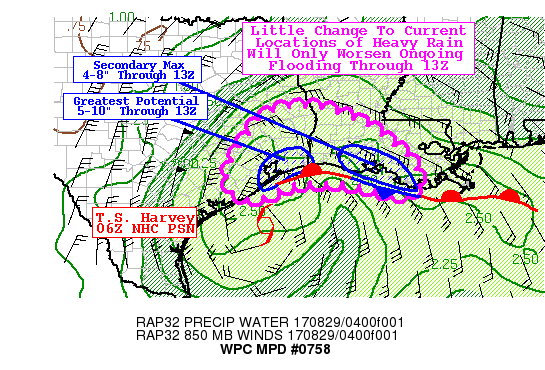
AREAS AFFECTED...SERN TX INTO CNTRL/SRN LA

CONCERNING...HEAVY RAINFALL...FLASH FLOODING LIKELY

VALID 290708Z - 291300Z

SUMMARY...THE HEAVIEST RAIN OVER THE NEXT 4-6 HOURS WILL LIKELY
IMPACT LOCATIONS IN SERN TX WHERE ANOTHER 5-10 INCHES IS EXPECTED
THROUGH 13Z WHILE PORTIONS OF S-CNTRL LA LIKELY SEE AN ADDED 4-8
INCHES. THESE AMOUNTS WILL ONLY WORSEN ONGOING FLOODING.

DISCUSSION...TROPICAL STORM HARVEY WAS LOCATED ABOUT 80 MILES SSW
OF GALVESTON ISLAND AT 06Z ACCORDING TO NHC WITH A SLOW ESE
MOVEMENT NEAR 4 KT. A STEADY HEAVY RAIN WITH EMBEDDED CONVECTION
WAS OBSERVED WITHIN A DEFORMATION AXIS LOCATED NNE OF THE CENTER
OVER SERN TX WITH GENERALLY 1-2 IN/HR RAINFALL RATES
OBSERVED...AND THERE HAS BEEN LITTLE MOVEMENT TO THIS AREA OVER
THE PAST 6 HOURS. FARTHER EAST OVER LA...RAINFALL WAS MORE
CELLULAR AND SCATTERED IN NATURE.

A STATIONARY FRONT HOVERING JUST OFFSHORE OF SERN TX/SWRN LA WAS
CONNECTED TO MLCAPE OF 500-1000 J/KG ALONG THE COAST WITH LIMITED
MLCAPE TO THE NORTH AS OBSERVED ON THE LATEST SPC MESOANALYSIS.
SIMILARLY TO THE EAST...THE STATIONARY FRONT HAS LIMITED THE
NORTHWARD EXTENT OF BETTER INSTABILITY OVER LA WITH HEAVY RAIN
CORES STRUGGLING TO REACH I-10.

GIVEN ONLY A SLOW NEWD FORECAST MOVEMENT TO HARVEY THROUGH
12Z...THE ONGOING AXIS OF STEADY/HEAVY RAINFALL OVER SERN TX IS
NOT EXPECTED TO MOVE MUCH FROM ITS CURRENT POSITION...PERHAPS A
SMALL NORTHWARD DRIFT. GIVEN RAINFALL RATES OF 1-2 IN/HR...WITH
LOCALLY EMBEDDED HIGHER RATES...AN ADDITIONAL 5-10+ INCHES OF RAIN
IS EXPECTED FROM NEAR GALVESTON BAY EASTWARD INTO CHAMBERS AND
JEFFERSON COUNTIES THROUGH 13Z.

FARTHER TO THE EAST...SHORT TERM GUIDANCE HINTS AT THE FRONTAL
BOUNDARY LIFTING NORTH OVER ERN LA WHICH WOULD TEND TO ALLOW
ISENTROPIC ASCENT AND HEAVIER RAINFALL TO MOVE NORTH FROM THE
CURRENT LOCATION ALONG THE SRN LA COAST INTO PORTIONS OF S-CNTRL
LA INCLUDING PARTS OF I-10. GIVEN THE MORE SCATTERED NATURE TO
CONVECTION OVER LA...4-8 INCH AMOUNTS APPEAR LIKELY HOWEVER THESE
TOTALS WILL BE LOCALIZED MAXIMA AND NOT WIDESPREAD ACROSS THE
REGION.